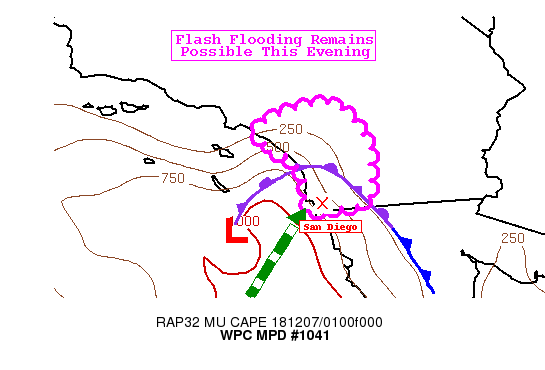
Areas affected...Coastal Southern CA

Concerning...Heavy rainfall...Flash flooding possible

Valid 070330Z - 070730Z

Summary...A plume of moisture ahead of a surface low off the
southern California coast will continue to bring widespread
showers to coastal southern California. Rainfall rates as high as
0.5 to 0.75 inches per hour will be possible through late this
evening (11 PM PST) with total rainfall amounts as high as 1-1.5
inches. This rainfall over sensitive areas, including burn scars
and urban areas, could result in flash flooding.

Discussion...An analysis as of 03z showed a surface low off the
southern CA coast with an upper level low positioned off the coast
as well. This system has pumped moisture into the coast most of
today, with latest PWATs 0.9" to 1.1" per GPS data. A ribbon of
MUCAPE exists just along the coast with values as high as 500
J/kg.

Radar trends in the last hour from KNKX have shown a few clusters
of heavier rainfall pivoting into the coastline with hourly rates
as high as 1". Area mesonet observations from around the San Diego
metro area show hourly totals as high as 1" with many locations
picking up around 0.7". The hi-res models show the trends and
probabilities of exceeding 0.5"/hr rates to last through late
evening, then begin to wane with loss of instability. As the
surface low drops southeast, the onshore flow will become less
conducive for heavy rain and rainfall rates should subside.

The combination of forcing and moisture transport impinging on the
terrain areas will keep the potential for flash flooding through
late evening.